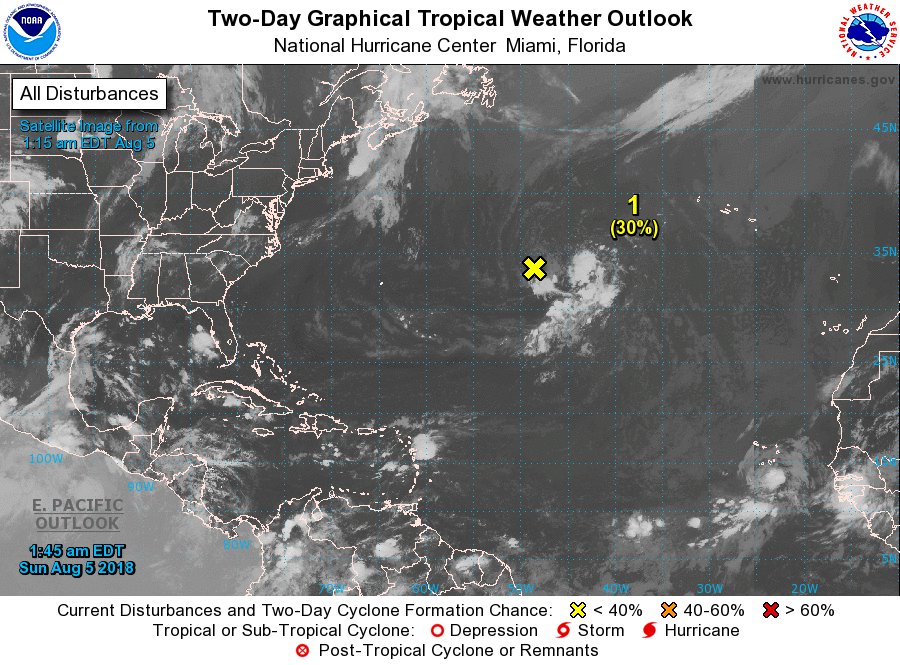
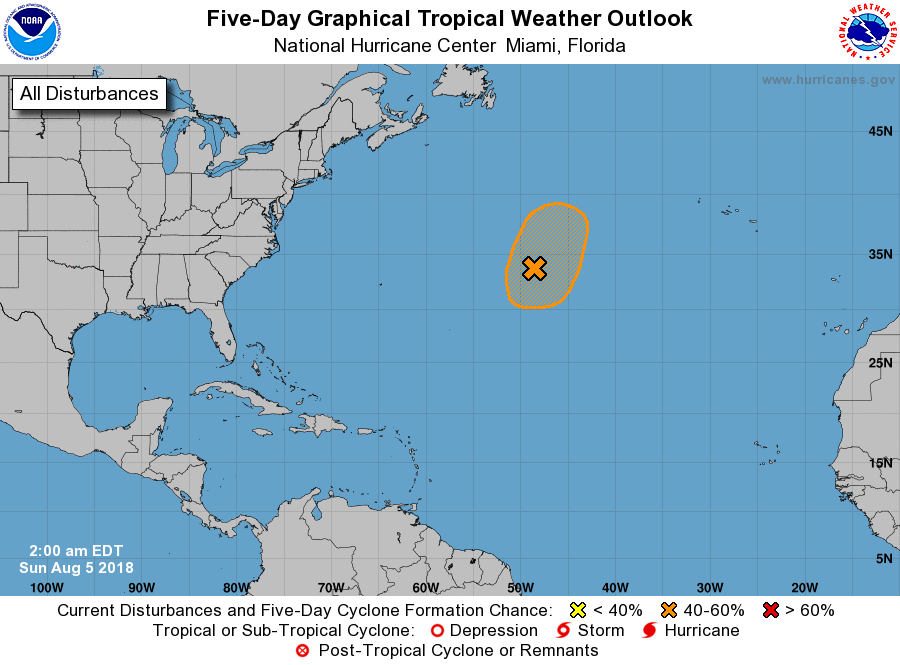
For the North Atlantic...Caribbean Sea and the Gulf of Mexico:

1. A well-defined, non-tropical low pressure system centered about 1000 miles west-southwest of the Azores continues to produce limited shower activity. However, environmental conditions are expected to become marginally conducive for the low to acquire subtropical or tropical characteristics while it moves southwestward over the next day or two, and then lifts back to the northeast while remaining over warm water through Tuesday. Additional information on this low pressure area can be found in High Seas Forecasts issued by the National Weather Service.
* Formation chance through 48 hours...low...30 percent.
* Formation chance through 5 days...medium...40 percent.

High Seas Forecasts issued by the National Weather Service can be found under AWIPS header NFDHSFAT1, WMO header FZNT01 KWBC, and on the Web at https://ocean.weather.gov/shtml/NFDHSFAT1.shtml.

Forecaster Stewart